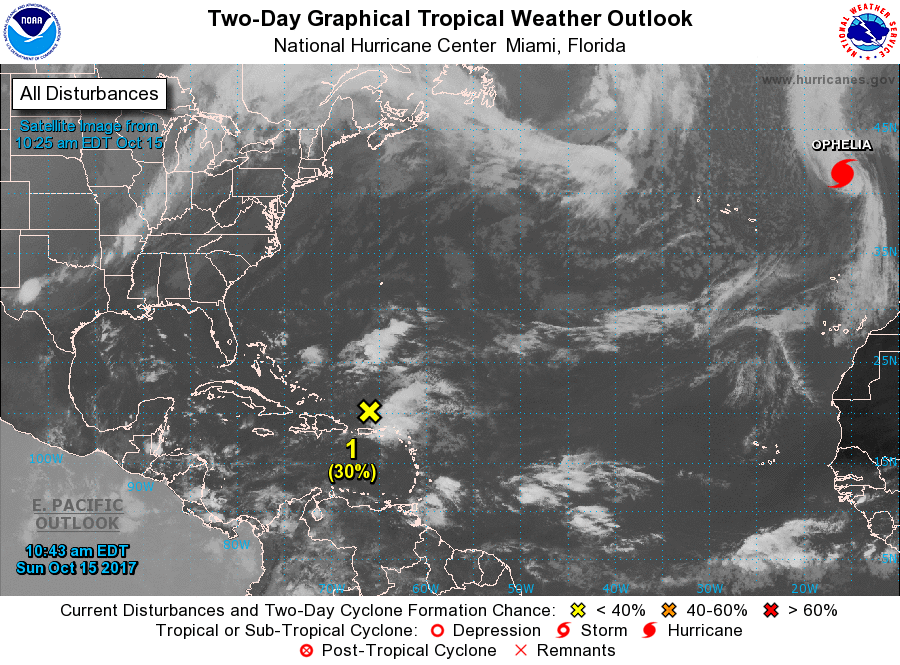
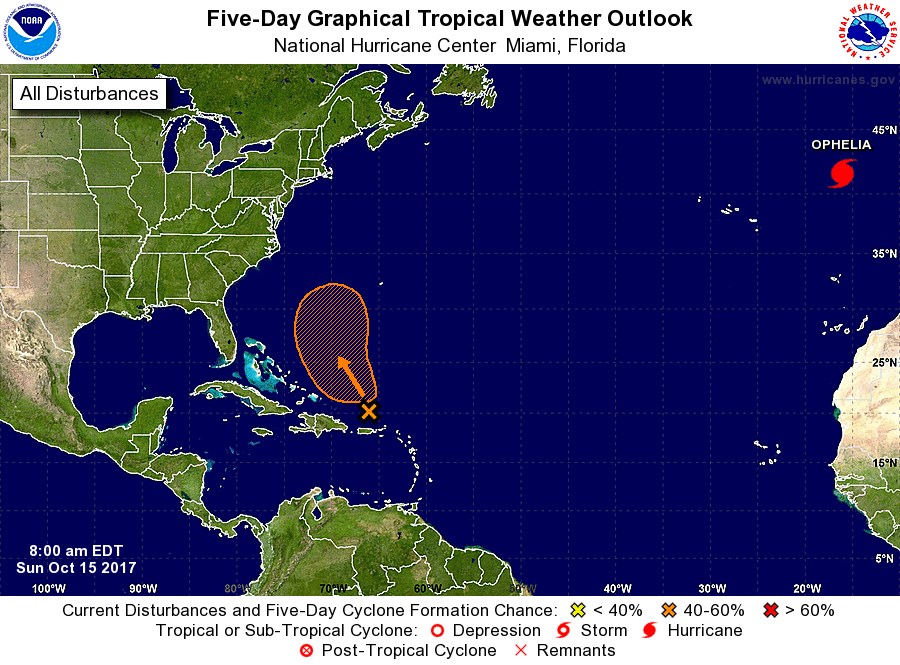
For the North Atlantic...Caribbean Sea and the Gulf of Mexico:

The National Hurricane Center is issuing advisories on Hurricane Ophelia, located over the far eastern Atlantic Ocean more than 500 miles east of the easternmost Azores.

1. The broad area of low pressure NHC has been tracking for a few days is now centered a little more than 100 miles north of Puerto Rico. The low is producing numerous showers and a few squalls mainly to the east of the center. Further development of this system, if any, will likely ocurr while the low and its associated activity move toward the northwest and north during the next two to three days. After that time, this system is expected to merge with a cold front.
* Formation chance through 48 hours...low...30 percent.
* Formation chance through 5 days...medium...50 percent.

Forecaster Avila